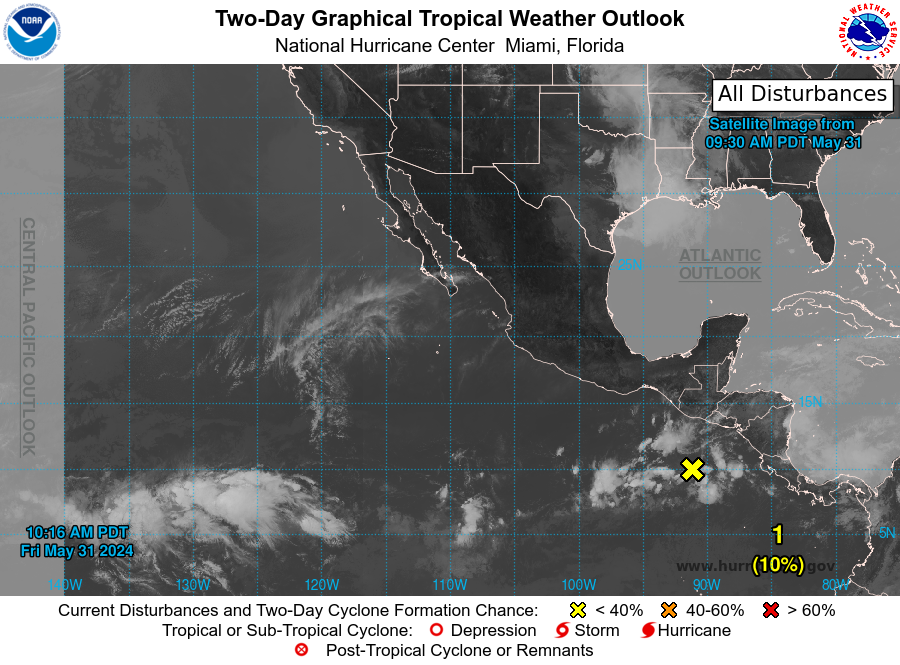
For the eastern North Pacific...east of 140 degrees west longitude:

1. South of the Coast of Southern Mexico: A broad area of low pressure located a couple of hundred miles west of the coast of Central America is associated with a tropical wave and is producing disorganized showers and thunderstorms. Development of this system appears unlikely while it moves slowly westward well to the south of the coast of Mexico through the weekend and early next week.
* Formation chance through 48 hours...low...10 percent.
* Formation chance through 7 days...low...10 percent.

Forecaster Bucci